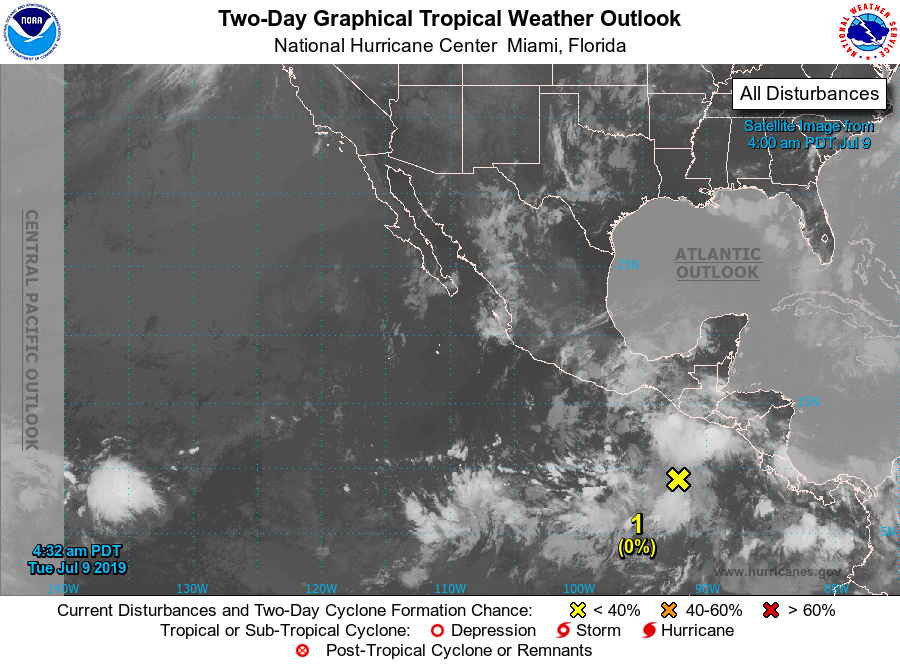
For the eastern North Pacific...east of 140 degrees west longitude:

1. Disorganized showers and thunderstorms located several hundred miles south of the coasts of Guatemala and southeastern Mexico are associated with a tropical wave. Development, if any, of this system should be slow to occur during the next few days while it moves westward to west-northwestward well offshore the southern coast of Mexico.
* Formation chance through 48 hours...low...near 0 percent.
* Formation chance through 5 days...low...20 percent.

Forecaster Beven